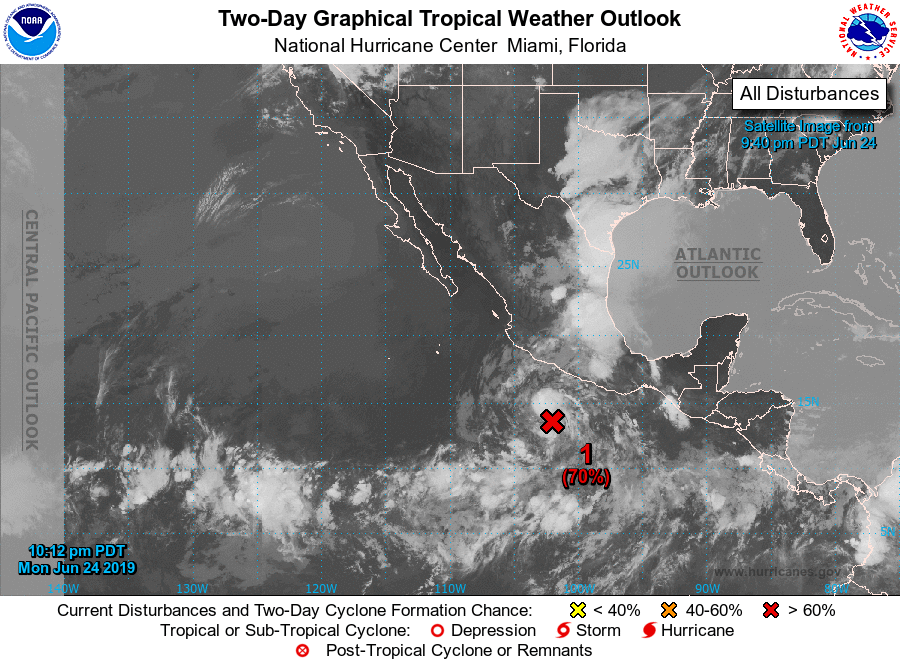
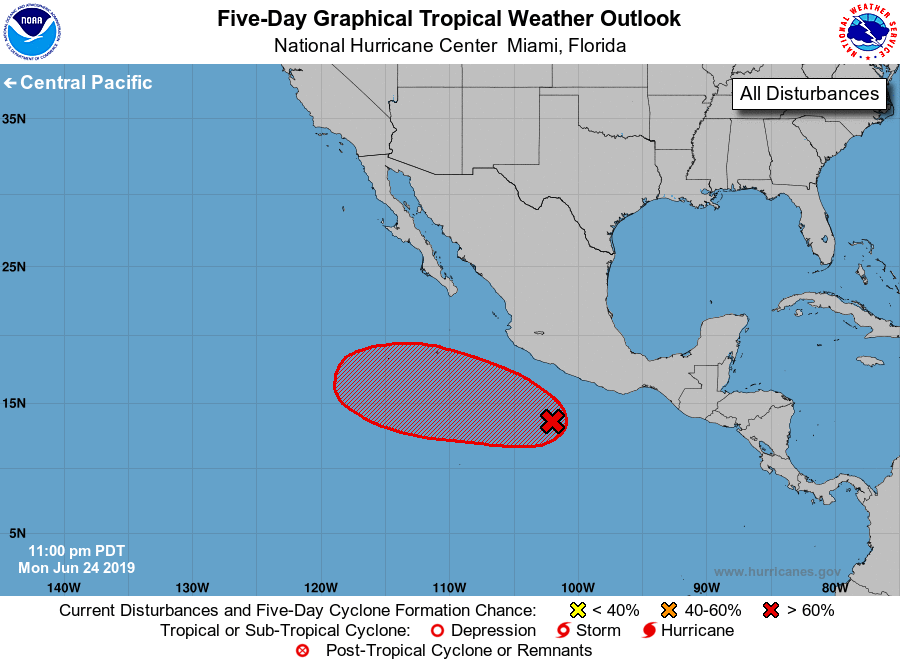
For the eastern North Pacific...east of 140 degrees west longitude:

1. Shower activity associated with the broad area of low pressure located a few hundred miles south of the southern coast of Mexico has become more concentrated this evening. Environmental conditions are expected to be conducive for gradual development of this system for the next couple of days, and a tropical depression is likely to form during this time while the system moves west-northwestward away from the coast of Mexico.
* Formation chance through 48 hours...high...70 percent.
* Formation chance through 5 days...high...70 percent.

Forecaster Beven